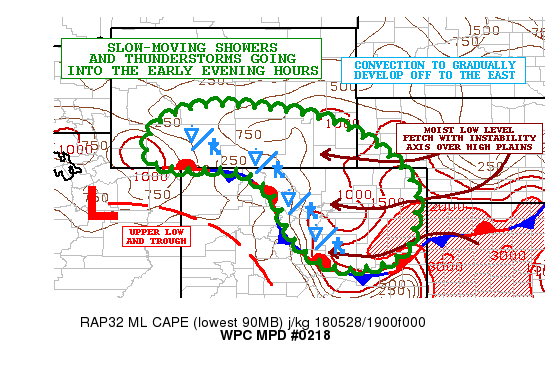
AREAS AFFECTED...SOUTH-CENTRAL TO SOUTHEAST WY...NORTH-CENTRAL TO
NORTHEAST CO...PANHANDLE OF NE

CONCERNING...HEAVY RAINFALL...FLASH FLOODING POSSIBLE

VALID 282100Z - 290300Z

SUMMARY...SLOW-MOVING SHOWERS AND THUNDERSTORMS WILL CONTINUE TO
EXPAND IN COVERAGE OVER THE NEXT FEW HOURS. FLASH FLOODING IS
POSSIBLE.

DISCUSSION...THE LATEST RADAR AND SATELLITE IMAGERY SHOWS
SLOW-MOVING SHOWERS AND THUNDERSTORMS DEVELOPING AND EXPANDING IN
COVERAGE FROM NEAR THE FRONT RANGE OF CO UP ACROSS SOUTH-CENTRAL
WY.

THE CONVECTION IS FOCUSING WITH THE AID OF STRONG DIURNAL HEATING
AND CLOSE PROXIMITY OF A FRONT WHICH IS FOCUSING RELATIVELY MOIST
LOW LEVEL UPSLOPE FLOW ACROSS THE IMMEDIATE HIGH PLAINS AND EAST
SLOPES OF THE CENTRAL ROCKIES. THE ACTIVITY IS ALSO EMBEDDED
WITHIN DEEP LAYER CYCLONIC FLOW WITH STEEPENING MID LEVEL LAPSE
RATES ASSOCIATED WITH AN UPPER TROUGH/CLOSED LOW EJECTING SLOWLY
NORTHEAST ACROSS THE INTERMOUNTAIN REGION. THIS IS CONTRIBUTING TO
MODERATE TO STRONG INSTABILITY OVER THE CO HIGH PLAINS WHERE
MLCAPE VALUES ARE ON THE ORDER OF 1000 TO 2000+ J/KG.

CONVECTION WILL CONTINUE TO DEVELOP AND EXPAND IN COVERAGE GOING
TOWARD THE EVENING HOURS...AND THE LATEST HIRES MODEL CONSENSUS
SHOWS AN EASTWARD PUSH OF HEIGHT FALLS/FORCING THAT SHOULD ALLOW
CONVECTION TO DEVELOP EAST OUT ACROSS THE HIGH PLAINS AND INTO THE
AFOREMENTIONED INSTABILITY AXIS.

RAINFALL RATES OF 1.5 INCHES/HR ARE EXPECTED WITH STORM TOTALS
GOING THROUGH 03Z OF AS MUCH AS 2 TO 4+ INCHES WITH THE AID OF
SLOW CELL MOTION. FLASH FLOODING WILL BE POSSIBLE AS A RESULT.